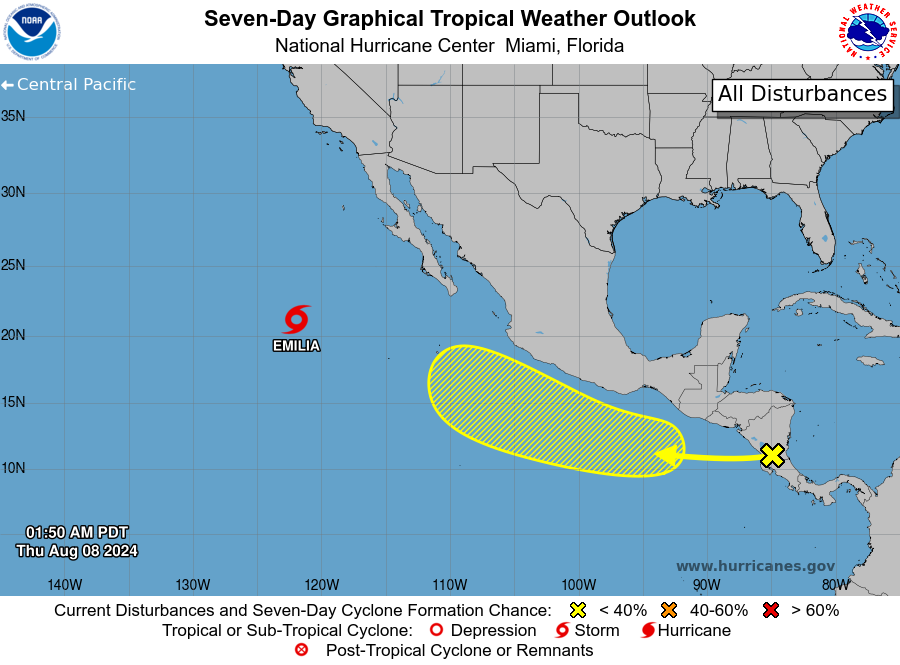
For the eastern North Pacific...east of 140 degrees west longitude:

Active Systems: The National Hurricane Center is issuing advisories on Tropical Storm Emilia, located several hundred miles west-southwest of the southern tip of the Baja California peninsula.

1. South of Southern Mexico: A tropical wave moving over Central America is expected to emerge over the far eastern portion of the east Pacific Ocean later today. Environmental conditions appear generally favorable for gradual development of the system while it moves west-northwestward at 15 to 20 mph, parallel to the coast of southwestern Mexico.
* Formation chance through 48 hours...low...10 percent.
* Formation chance through 7 days...low...30 percent.

Forecaster Bucci